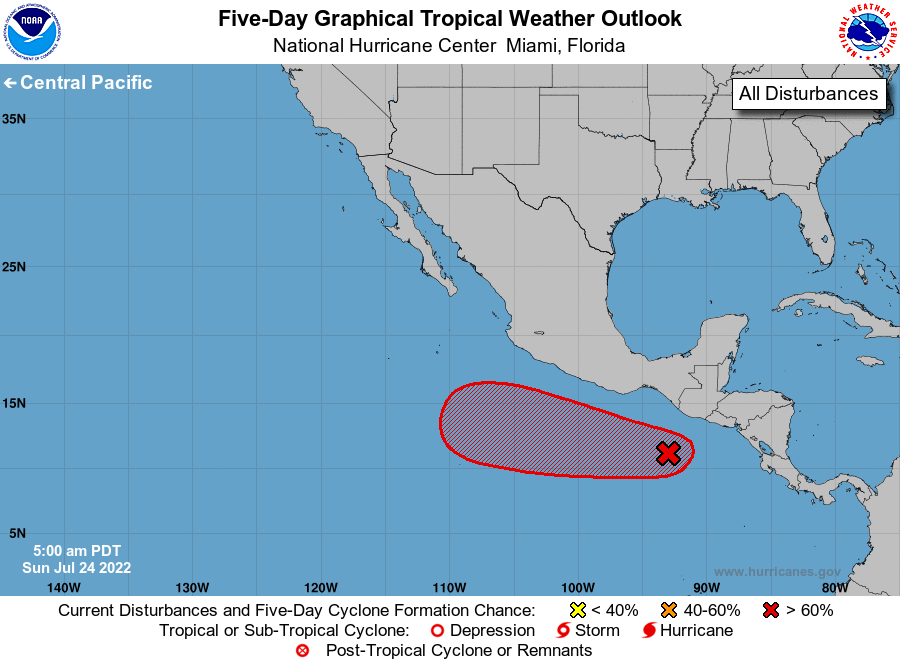
For the eastern North Pacific...east of 140 degrees west longitude:

1. Offshore of Central America and Southern Mexico: Shower and thunderstorm activity has increased but remains disorganized in association with a tropical wave located a couple of hundred miles off the coast of southeastern Mexico. Environmental conditions are forecast to be conducive for gradual development of this system, and a tropical depression is likely to form by the middle of this week. The disturbance is forecast to move generally westward at 10 to 15 mph, remaining well south of the coast of southern and southwestern Mexico during the next several days.
* Formation chance through 48 hours...low...30 percent.
* Formation chance through 5 days...high...80 percent.

Forecaster Papin